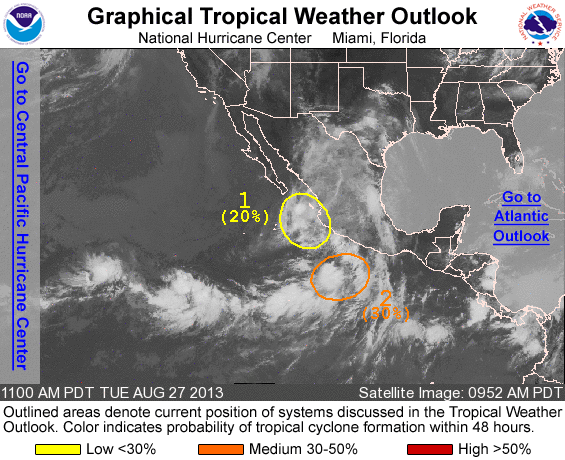
FOR THE EASTERN NORTH PACIFIC...EAST OF 140 DEGREES WEST LONGITUDE..

1. THE PORTION OF THE LARGE AREA OF DISTURBED WEATHER THAT HAD BEEN MOVING ALONG THE SOUTHWESTERN COAST OF MEXICO HAS BECOME LESS ORGANIZED SINCE YESTERDAY...AND THE CHANCE FOR DEVELOPMENT IN THIS AREA IS DECREASING. THIS SYSTEM HAS A LOW CHANCE...20 PERCENT...OF BECOMING A TROPICAL CYCLONE DURING THE NEXT 48 HOURS WHILE MOVING WEST-NORTHWESTWARD AT ABOUT 15 MPH. THE DISTURBANCE IS EXPECTED TO MOVE INTO A LESS FAVORABLE ENVIRONMENT BY IN A DAY OR SO...AND DEVELOPMENT AFTER THAT TIME IS NOT EXPECTED. THIS SYSTEM ALSO HAS A LOW CHANCE...20 PERCENT...OF BECOMING A TROPICAL CYCLONE DURING THE NEXT 5 DAYS.

2. AN AREA OF LOW PRESSURE HAS FORMED A FEW HUNDRED MILES SOUTH- SOUTHEAST OF MANZANILLO MEXICO. ENVIRONMENTAL CONDITIONS ARE MARGINALLY CONDUCIVE FOR DEVELOPMENT OF THIS SYSTEM DURING THE NEXT DAY OR SO WHILE IT MOVES NORTHWARD TOWARD THE SOUTHWEST COAST OF MEXICO. THIS DISTURBANCE HAS A MEDIUM CHANCE...30 PERCENT...OF BECOMING A TROPICAL CYCLONE DURING THE NEXT 48 HOURS. DEVELOPMENT IS NOT LIKELY AFTER THAT TIME...AND THIS SYSTEM HAS A MEDIUM CHANCE...30 PERCENT OF BECOMING A TROPICAL CYCLONE DURING THE NEXT 5 DAYS. THIS DISTURBANCE COULD PRODUCE LOCALLY HEAVY RAINFALL ALONG THE SOUTHWESTERN COAST OF MEXICO TONIGHT AND WEDNESDAY.

FIVE-DAY FORMATION PROBABILITIES ARE EXPERIMENTAL IN 2013. COMMENTS ON THE EXPERIMENTAL FORECASTS CAN BE PROVIDED AT... HTTP://WWW.NWS.NOAA.GOV/SURVEY/NWS-SURVEY.PHP?CODE=ETWO

FORECASTER BROWN